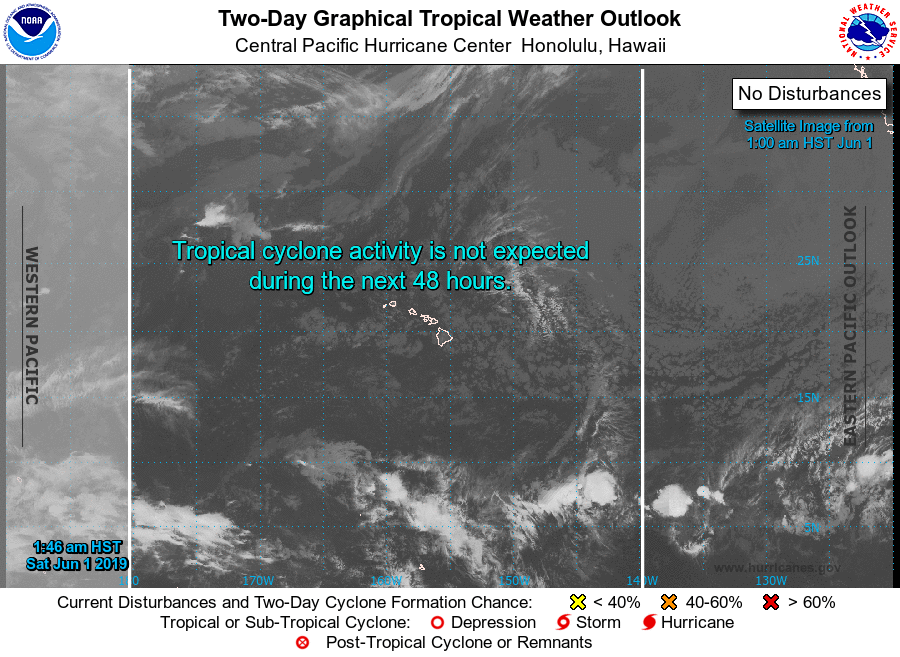
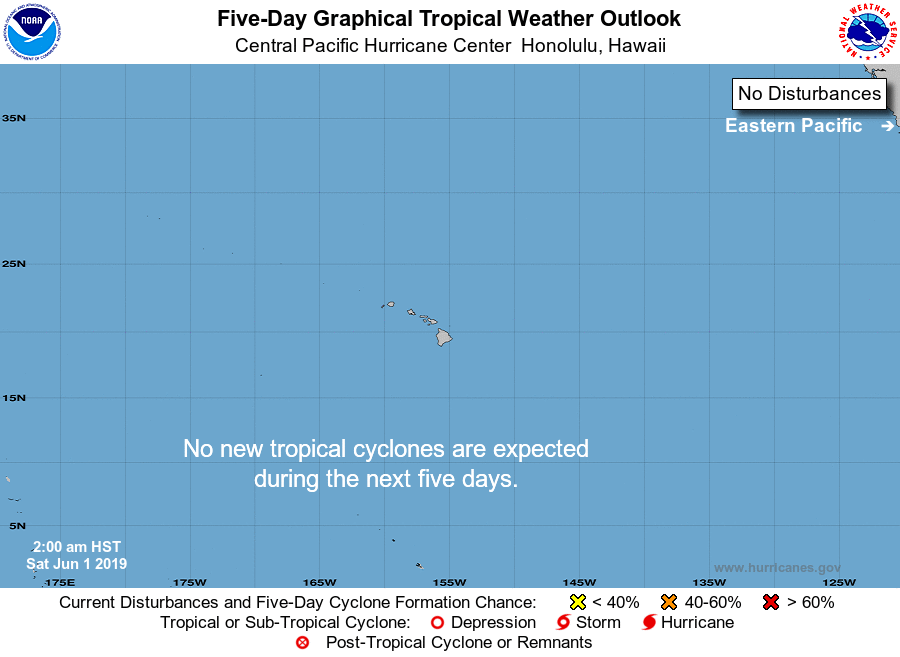
For the central North Pacific...between 140W and 180W:

No tropical cyclones are expected through the next 5 days.

Today marks the beginning of the official 2019 hurricane season in the central North Pacific. The Tropical Weather Outlook indicates the potential for future tropical cyclone development and/or current tropical cyclone activity in the Central Pacific Hurricane Center area of responsibility. This outlook will be routinely issued four times per day at 2 AM, 8 AM, 2 PM and 8 PM Hawaiian Standard Time from today through the end of the hurricane season on November 30.

Forecaster Birchard